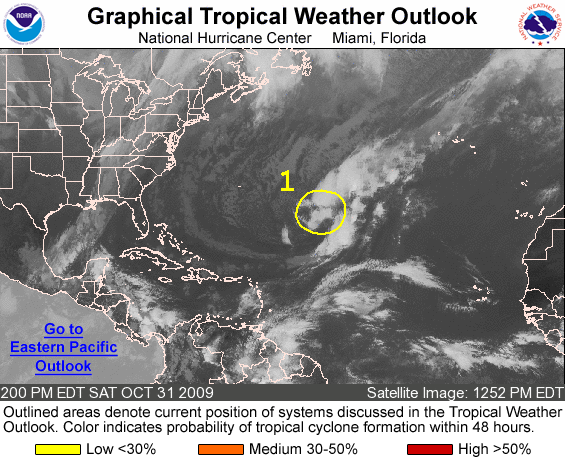
FOR THE NORTH ATLANTIC...CARIBBEAN SEA AND THE GULF OF MEXICO...

1. A NON-TROPICAL GALE CENTER IS LOCATED ABOUT 750 MILES EAST-SOUTHEAST OF BERMUDA. TRANSITION OF THIS LOW INTO A SUBTROPICAL CYCLONE APPEARS UNLIKELY AT THIS TIME. THERE IS A LOW CHANCE...LESS THAN 30 PERCENT...OF THIS SYSTEM BECOMING A SUBTROPICAL CYCLONE AS IT MOVES NORTHWESTWARD TO NORTHWARD DURING THE NEXT 48 HOURS.

2.

TROPICAL CYCLONE FORMATION IS NOT EXPECTED DURING THE NEXT 48 HOURS.

FORECASTER PASCH/CANGIALOSI